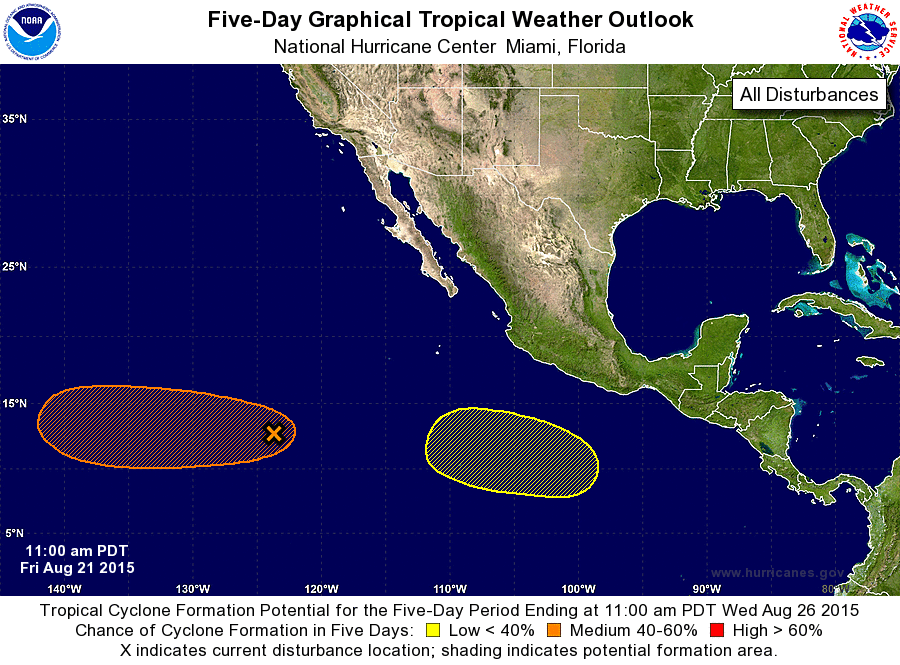
For the eastern North Pacific...east of 140 degrees west longitude:

1. A small area of disorganized showers and thunderstorms, about 1200 miles southwest of the Baja California peninsula, is associated with a tropical wave. Some gradual development of this system is possible over the weekend while the disturbance moves westward at about 10 mph.
* Formation chance through 48 hours...low...20 percent
* Formation chance through 5 days...medium...60 percent

2. A low pressure area is expected to form well south of the coast of Mexico early next week. Environmental conditions should support gradual development of the system while it moves west-northwestward at 10 to 15 mph.
* Formation chance through 48 hours...low...near 0 percent
* Formation chance through 5 days...low...20 percent

Forecaster Roberts